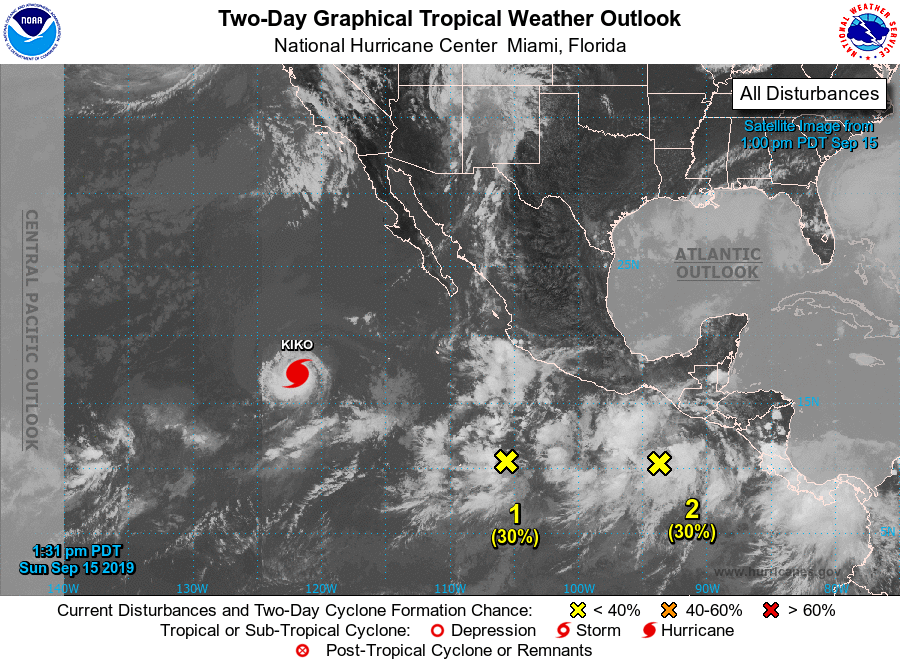
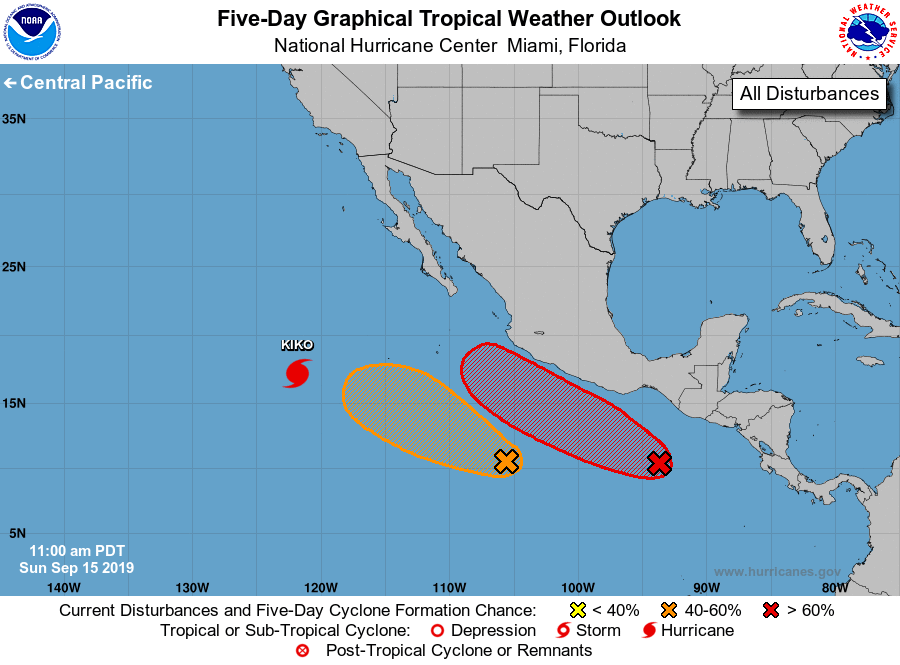
For the eastern North Pacific...east of 140 degrees west longitude:

The National Hurricane Center is issuing advisories on Hurricane Kiko, located several hundred miles west-southwest of the southern tip of the Baja California peninsula.

1. An elongated area of low pressure centered several hundred miles southwest of Acapulco, Mexico, is producing disorganized showers and thunderstorms. Some gradual development of this system is possible during the next several days, and a tropical depression could form by the middle of next week while it moves slowly west-northwestward well offshore of the southwestern coast of Mexico.
* Formation chance through 48 hours...low...30 percent.
* Formation chance through 5 days...medium...50 percent.

2. A large area of disorganized cloudiness and showers centered several hundred miles south of the Gulf of Tehuantepec is associated with a tropical wave. Environmental conditions are expected to be conducive for gradual development, and a tropical depression is likely to form by the middle of the week as the system moves west-northwestward near, or parallel to, the coast of Mexico.
* Formation chance through 48 hours...low...30 percent.
* Formation chance through 5 days...high...70 percent.

Forecaster Blake